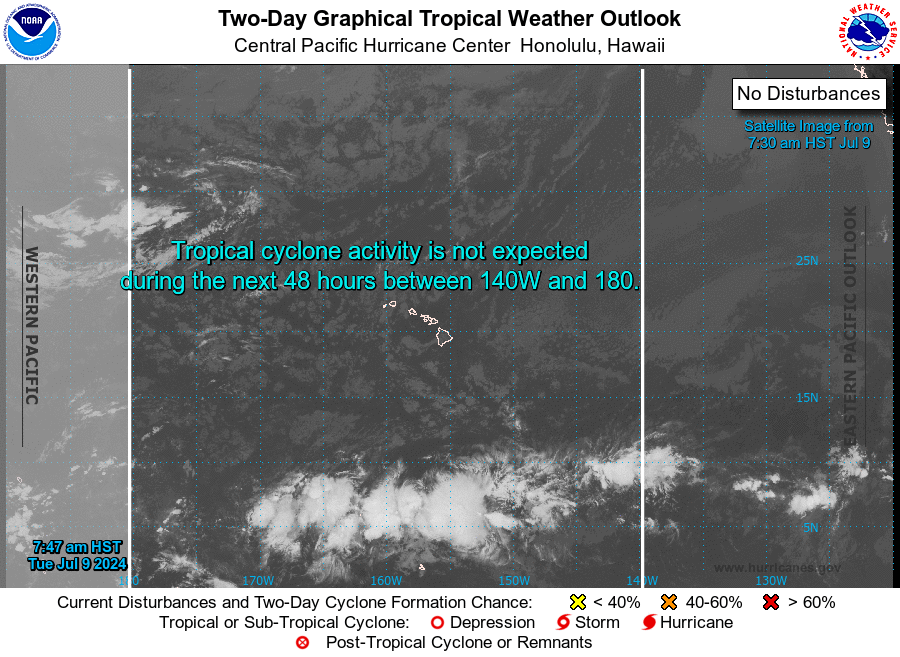
For the central North Pacific...between 140W and 180W:

No tropical cyclones are expected during the next 7 days.

Forecaster JVC